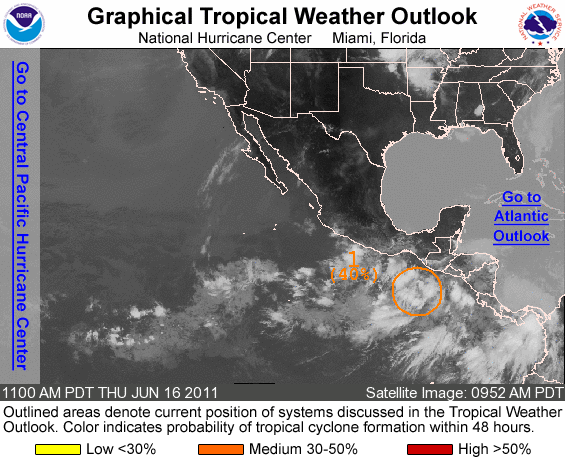
FOR THE EASTERN NORTH PACIFIC...EAST OF 140 DEGREES WEST LONGITUDE..

1. A BROAD AREA OF LOW PRESSURE HAS FORMED SEVERAL HUNDRED MILES TO THE SOUTHEAST OF THE GULF OF TEHUANTEPEC. ALTHOUGH THE ASSOCIATED SHOWER AND THUNDERSTORM ACTIVITY REMAINS DISORGANIZED... ENVIRONMENTAL CONDITIONS ARE FORECAST TO BE FAVORABLE FOR FURTHER DEVELOPMENT OF THIS LOW DURING THE NEXT COUPLE OF DAYS. THERE IS A MEDIUM CHANCE...40 PERCENT...OF THIS SYSTEM BECOMING A TROPICAL CYCLONE DURING THE NEXT 48 HOURS AS IT BEGINS TO MOVE SLOWLY WEST- NORTHWESTWARD.

ELSEWHERE...TROPICAL CYCLONE FORMATION IS NOT EXPECTED DURING THE NEXT 48 HOURS.

FORECASTER KIMBERLAIN